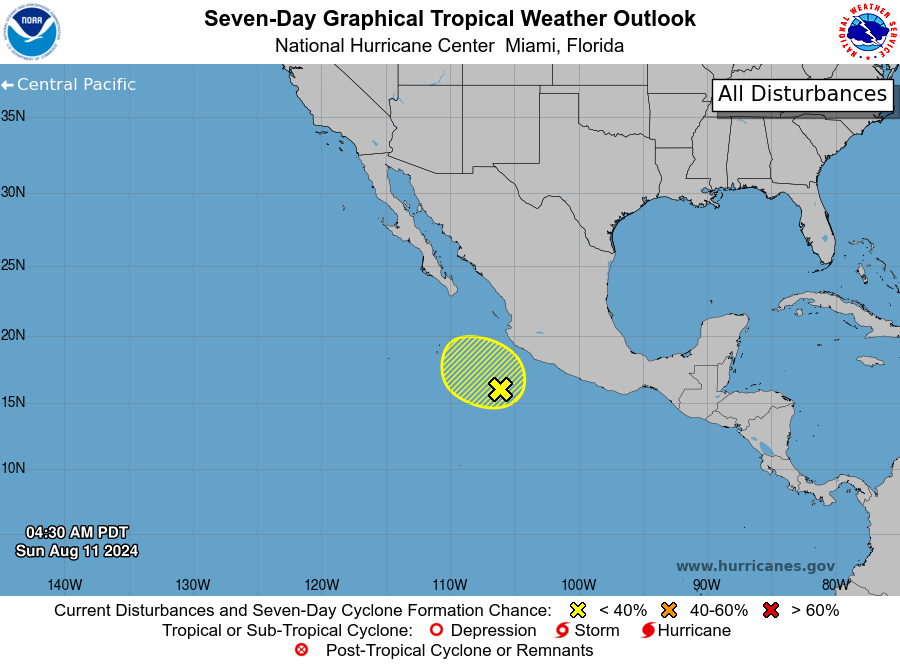
For the eastern North Pacific...east of 140 degrees west longitude:

1. South of Southwestern Mexico (EP98): Showers and thunderstorms have decreased since yesterday in association with a trough of low pressure located a couple hundred miles off the coast of southwestern Mexico. The disturbance will be moving into a much less favorable environment by tonight as it continues moving west-northwestward around 15 mph, and formation chances are decreasing. Regardless of development, this system could bring some heavy rain to portions of coastal southwestern Mexico during the next day or so.
* Formation chance through 48 hours...low...10 percent.
* Formation chance through 7 days...low...10 percent.

Forecaster Hagen/Cangialosi